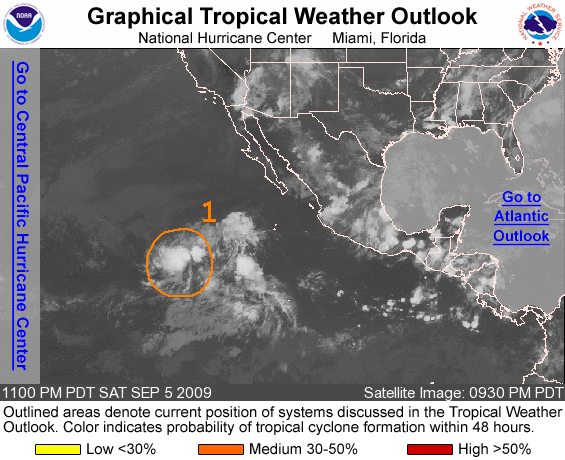
FOR THE EASTERN NORTH PACIFIC...EAST OF 140 DEGREES WEST LONGITUDE..

1. THE SHOWER AND THUNDERSTORM ACTIVITY ASSOCIATED WITH A BROAD AREA OF LOW PRESSURE LOCATED ABOUT 975 MILES SOUTHWEST OF THE SOUTHERN TIP OF BAJA CALIFORNIA CONTINUES TO SHOW SIGNS OF ORGANIZATION. THIS SYSTEM HAS THE POTENTIAL TO BECOME A TROPICAL DEPRESSION DURING THE NEXT DAY OR TWO...AS IT MOVES WEST-NORTHWESTWARD AT 10 TO 15 MPH. THERE IS A MEDIUM CHANCE...30 TO 50 PERCENT...OF THIS SYSTEM BECOMING A TROPICAL CYCLONE DURING THE NEXT 48 HOURS.

ELSEWHERE...TROPICAL CYCLONE FORMATION IS NOT EXPECTED DURING THE NEXT 48 HOURS.

FORECASTER AVILA